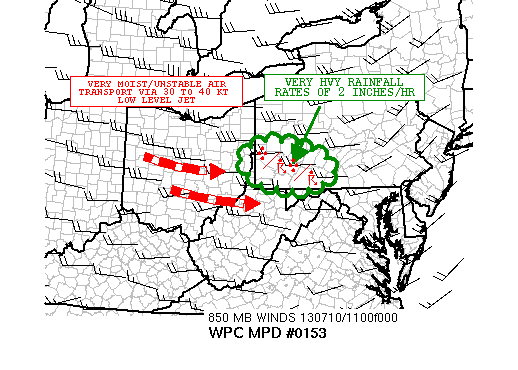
AREAS AFFECTED...SOUTHWEST PA

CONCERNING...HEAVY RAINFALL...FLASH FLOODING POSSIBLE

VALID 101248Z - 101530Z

SUMMARY...MULTIPLE CONVECTIVE BANDS AND SOME BACK-BUILDING OF
CONVECTION IS EXPECTED TO CONTINUE THE NEXT FEW HOURS...PROMOTING
ADDITIONAL FLASH FLOOD POTENTIAL GIVEN SATURATED SOILS.

DISCUSSION...A BROKEN MCS MOVING THROUGH WESTERN PA ATTM IS
PRODUCING SOME VERY HVY RAINFALL RATES GIVEN A VERY MOIST COLUMN
WITH PWATS NEAR 2 INCHES. LATEST RAP ANALYSIS SHOWS 30 TO 40 KTS
OF WESTERLY LOW LVL JET FEEDING INTO THE WRN AND SWRN FLANK OF TWO
STRONG CONVECTIVE BANDS. THE BANDS ARE ORIENTED GENERALLY W/E AND
ARE SEEN GRADUALLY SETTLING SOUTHEASTWARD...HOWEVER THERE HAS BEEN
A TENDENCY FOR BACK-BUILDING CELLS WITHIN THESE BANDS. 12Z RAOB
DATA OVER THE OH VALLEY SHOWS VERY UNSTABLE AIR WITH MUCAPE VALUES
AOA 3000 J/KG AND K-INDICES OF 35 TO 40.

GIVEN SUCH A MOIST/UNSTABLE COLUMN STILL FEEDING IN FROM THE OH
VALLEY...THERE IS SOME POTENTIAL FOR THE CURRENT CONVECTIVE
BANDING TO MAINTAIN ITSELF AND POSSIBLY EVEN INTENSIFY THE NEXT
FEW HOURS. ADDITIONAL FORCING ASSOCD WITH OROGRAPHICS WILL HELP TO
ENHANCE SOME OF THE ACTIVITY AND WILL ENHANCE ALREADY HIGH
RAINFALL RATES THAT ARE UPWARD OF 2 INCHES/HR. GIVEN VERY WET
ANTCEDENT CONDITIONS AT LEAST LOCALLY...AND AREAS OF ELEVATED
TERRAIN INVOLVING THE LAUREL HIGHLANDS...EXPECT FLASH FLOODING TO
BE AT LEAST POSSIBLE.